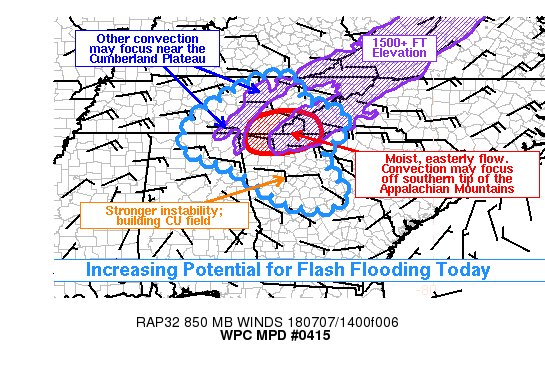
AREAS AFFECTED...ERN TN...NERN AL...NRN GA...SWRN NC...FAR UPSTATE
SC

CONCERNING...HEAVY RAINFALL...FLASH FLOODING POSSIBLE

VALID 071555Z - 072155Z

SUMMARY...THE POTENTIAL FOR FLASH FLOODING WILL BE ON THE INCREASE
THIS AFTERNOON NEAR THE SOUTHERN TIP OF THE APPALACHIAN MOUNTAINS
AS SCATTERED THUNDERSTORMS DEVELOP ACROSS THE REGION. RAIN RATES
MAY REACH 1-2 IN/HR WHICH COULD LEAD TO LOCALIZED FLASH FLOODING.
THE GREATEST CHANCES FOR HEAVY RAINFALL APPEAR TO EXIST IN SE
TENNESSEE... SW NORTH CAROLINA... AND NORTH GEORGIA.

DISCUSSION...KGSP RADAR AND GOES-16 VISIBLE SATELLITE SHOWED THE
FIRST INDICATIONS OF CONVECTIVE INITIATION NEAR THE SOUTHERN TIP
OF THE APPALACHIANS AROUND 16Z. THIS IS EXPECTED TO BE A MORE
FOCUSED AREA FOR HEAVY RAINFALL POTENTIAL GIVEN INCREASING
LOW-LEVEL EASTERLY FLOW IMPINGING ON THE HIGHER TERRAIN THIS
AFTERNOON IN THE PRESENCE OF ELEVATED ATMOSPHERIC MOISTURE LEVELS.
THE 12Z SOUNDINGS FROM GSO AND FFC SHOWED PRECIPITABLE WATER
VALUES AROUND 2 INCHES WITH TALL NARROW CAPE PROFILES...A
FAVORABLE SOUNDING CONFIGURATION FOR HIGHLY EFFICIENT RAINFALL
PRODUCTION. ALTHOUGH DRIER AIR MAY BEGIN TO WORK SOUTH INTO THE
CAROLINAS DOWN THE PIEDMONT IN A BELT OF ENHANCED NORTHEASTERLY
FLOW...SUFFICIENT MOISTURE SHOULD CONTINUE TO EXIST IN THE
OUTLINED AREA TO SUPPORT A THREAT OF HEAVY RAINFALL.

THE 12Z HREF SHOWS THE GREATEST NEIGHBORHOOD PROBABILITIES (80-90
PERCENT) OF OVER 2 INCHES OF RAIN BY 21Z FOCUSED NEAR WHERE THE
TN-GA-NC BORDERS MEET AT THE SOUTHERN TIP OF THE APPALACHIANS.
THIS CLOSELY MATCHES THE EXPECTATIONS BASED ON MESOSCALE
ANALYSIS...WITH THE HEAVIEST RAINFALL LIKELY NEAR AND JUST
DOWNSTREAM OF THE TERRAIN FEATURE AS LOW-LEVEL FLOW INCREASES.
HI-RES MODELS ALSO SHOW OTHER CONVECTION FOCUSING NEAR THE
CUMBERLAND PLATEAU THIS AFTERNOON IN EAST-CENTRAL TENNESSEE...AND
PERHAPS LATER IN THE AFTERNOON IN A MORE UNSTABLE AIR MASS IN
NRN-CTRL GEORGIA TO THE SOUTH OF THE MOUNTAINS. A NUMBER OF THE
NEW 12Z HI-RES MODELS SHOW A BAND OF ENHANCED QPF IN THE VICINITY
OF THE ATLANTA METRO AREA...ALTHOUGH THE TIMING MAY BE JUST BEYOND
THE SCOPE OF THIS DISCUSSION (CLOSER TO 00Z).

IN ADDITION TO THE FAVORABLE ATMOSPHERIC CONDITIONS...EASTERN
TENNESSEE AND FAR NORTHERN GEORGIA HAS BEEN IN A WET PATTERN OVER
THE PAST COUPLE WEEKS...WITH 14-DAY RAINFALL OVER 200 PERCENT OF
NORMAL. FLASH FLOOD GUIDANCE IS REDUCED IN THIS AREA WITH 3-HOUR
FFG AROUND 2 INCHES...WELL WITHIN THE REALM OF WHAT IS ACHIEVABLE
GIVEN THE ENVIRONMENT AND POTENTIAL FOR OROGRAPHIC FOCUSING
MECHANISMS TO PROLONG HEAVY RAIN DURATION.

THE REGION CENTERED NEAR THE CONFLUENCE OF THE TN-NC-GA BORDER HAS
BEEN UPGRADED TO A SLIGHT RISK ON THE DAY 1 EXCESSIVE RAINFALL
OUTLOOK.